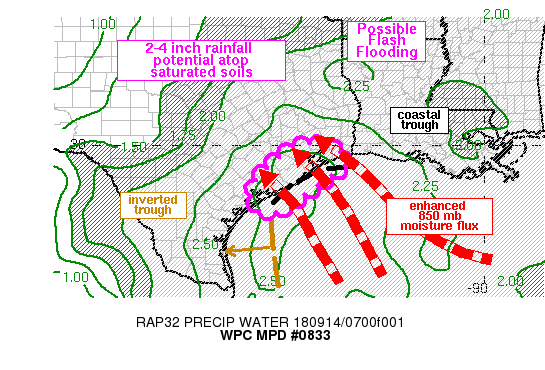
Areas affected...middle to upper TX coast

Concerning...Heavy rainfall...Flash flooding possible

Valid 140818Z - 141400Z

Summary...Repeating rounds of heavy rain with 1.5 to 2.5 in/hr
rainfall rates are expected to impact the middle to upper TX coast
through 14Z. Given wet antecedent conditions, flash flooding will
be possible.

Discussion...Regional radar imagery showed a broken line of
thunderstorms extending from offshore Galveston Bay into and
across downtown Houston as of 08Z. Earlier, surface observations
from Wunderground.com indicated 1.5 to 2.5 in/hr rain rates across
Galveston county within this band ending 06Z and 07Z and near 1
in/hr in eastern Harris county as of 08Z. These thunderstorms were
occurring on the northeast side of a disorganized inverted trough
axis propagating slowly westward across the the western Gulf of
Mexico. Enhanced and convergent 850 mb moisture flux was noted on
the northeast side of the inverted trough, with the KHGX VAD wind
plot showing roughly 20 kt of flow, perpendicular to a coastal
trough along the upper Texas coast noted in surface observations
providing a focus for lift. Precipitable water values were 2.3 to
2.5 inches per recent GPS measurements along the middle and upper
Texas coastline with the nocturnal gradient in MLCAPE focused
along the coastline (higher values of MLCAPE over the Gulf).

A slow westward movement is expected of the larger scale inverted
trough axis in the western Gulf of Mexico, with the
confluent/convergent 850 mb flow continuing to focus along the
middle and upper Texas coastline over the next 3-6 hours. The
potential for training and repeating cell motions is high given
Corfidi Vectors are zero to roughly 5 kt oriented opposite to the
low level inflow. 6 hour rainfall totals of 2-4 inches are
expected which may generate flash flooding given much above
average rainfall over the past week for the region.